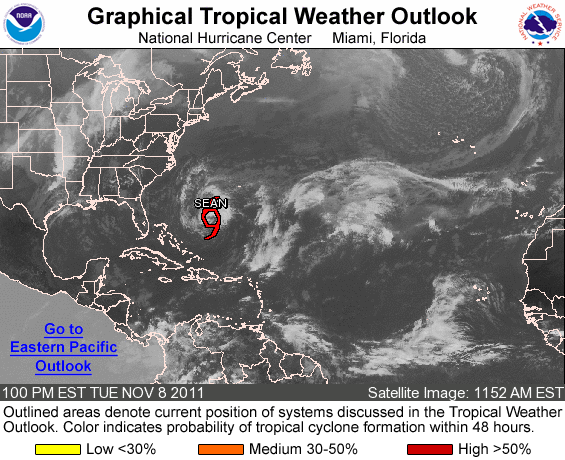
FOR THE NORTH ATLANTIC...CARIBBEAN SEA AND THE GULF OF MEXICO...

THE NATIONAL HURRICANE CENTER IS ISSUING ADVISORIES ON TROPICAL STORM SEAN...LOCATED ABOUT 425 MILES SOUTHWEST OF BERMUDA.

ELSEWHERE...TROPICAL CYCLONE FORMATION IS NOT EXPECTED DURING THE NEXT 48 HOURS.

PUBLIC ADVISORIES ON SEAN ARE ISSUED UNDER WMO HEADER WTNT34 KNHC AND UNDER AWIPS HEADER MIATCPAT4. FORECAST/ADVISORIES ON SEAN ARE ISSUED UNDER WMO HEADER WTNT24 KNHC AND UNDER AWIPS HEADER MIATCMAT4.

FORECASTER BLAKE